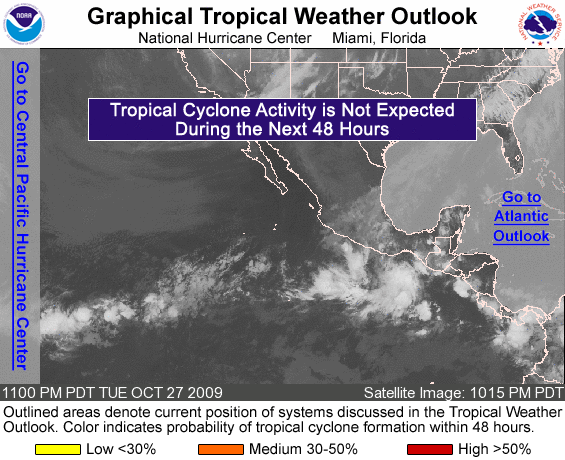
FOR THE EASTERN NORTH PACIFIC...EAST OF 140 DEGREES WEST LONGITUDE..

DISORGANIZED SHOWERS AND THUNDERSTORMS CONTINUE FROM THE COAST OF MEXICO NEAR ACAPULCO SOUTHWARD FOR A FEW HUNDRED MILES. SLOW DEVELOPMENT OF THIS SYSTEM IS POSSIBLE OVER THE NEXT COUPLE OF DAYS AS IT REMAINS NEARLY STATIONARY. THERE IS A LOW CHANCE...LESS THAN 30 PERCENT...OF THIS SYSTEM BECOMING A TROPICAL CYCLONE DURING THE NEXT 48 HOURS.

ELSEWHERE...TROPICAL CYCLONE FORMATION IS NOT EXPECTED DURING THE NEXT 48 HOURS.

FORECASTER BEVEN